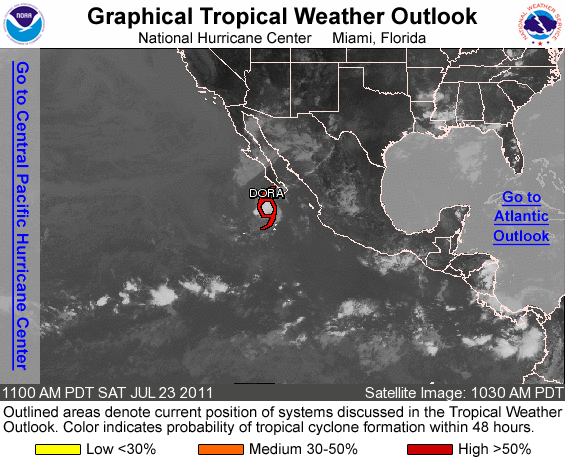
FOR THE EASTERN NORTH PACIFIC...EAST OF 140 DEGREES WEST LONGITUDE..

THE NATIONAL HURRICANE CENTER IS ISSUING ADVISORIES ON WEAKENING TROPICAL STORM DORA...LOCATED ABOUT 170 MILES SOUTHWEST OF CABO SAN LUCAS MEXICO.

ELSEWHERE...TROPICAL CYCLONE FORMATION IS NOT EXPECTED DURING THE NEXT 48 HOURS.

FORECASTER BEVEN